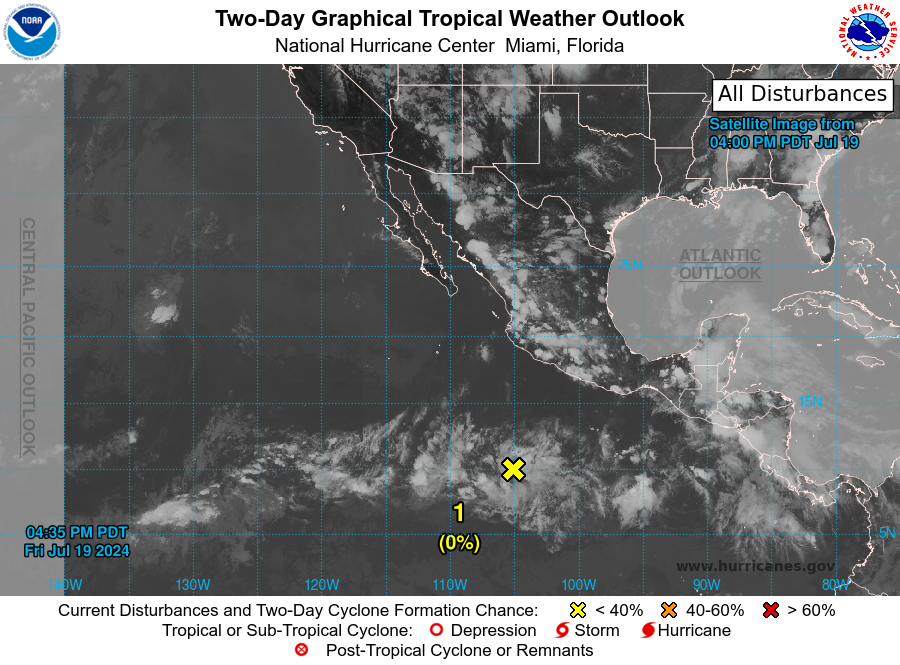
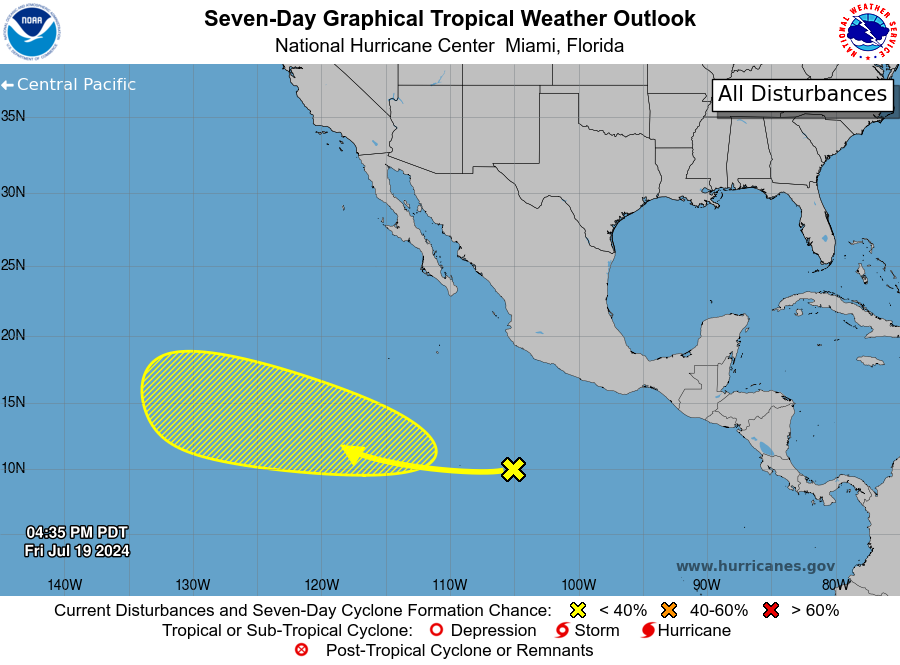
For the eastern North Pacific...east of 140 degrees west longitude:

1. Central and Western East Pacific: A tropical wave located along a monsoon trough well to the south of the coast of Mexico is producing a broad area of showers and thunderstorms. Some gradual development of this system is possible over the next several days as it moves westward to west-northwestward at 10 to 15 mph, moving into the western portion of the basin by the middle to latter parts of next week.
* Formation chance through 48 hours...low...near 0 percent.
* Formation chance through 7 days...low...20 percent.

Forecaster Papin